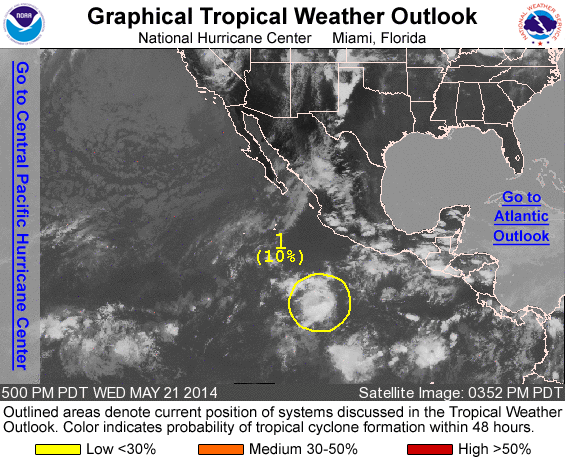
For the eastern North Pacific...east of 140 degrees west longitude:

1. A broad area of low pressure located several hundred miles southwest of Acapulco, Mexico, continues to produce disorganized showers and thunderstorms. Environmental conditions are expected to remain marginally conducive during the next several days, and any development of this system should be slow to occur while it moves west-northwestward at 5 to 10 mph.
* Formation chance through 48 hours...low...10 percent
* Formation chance through 5 days...medium...30 percent

Forecaster Brennan